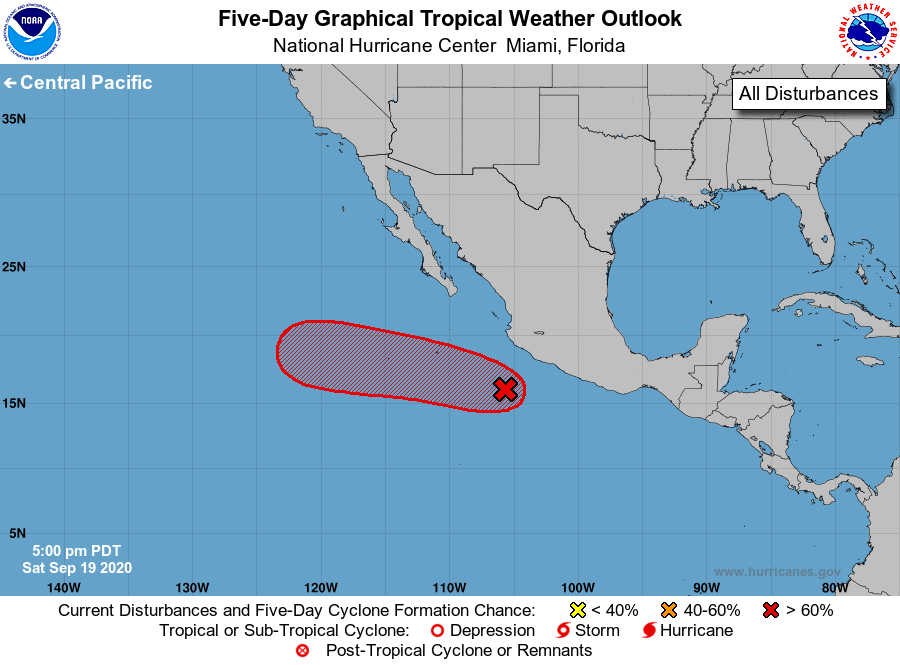
For the eastern North Pacific...east of 140 degrees west longitude:

1. Showers and thunderstorms associated with a broad area of low pressure located a couple of hundred miles south-southwest of Manzanillo, Mexico, are showing signs of organization. Environmental conditions are forecast to be conducive for additional development, and a tropical depression is expected to form early next week while the system moves west-northwestward at about 10 mph, away from the coast of Mexico.
* Formation chance through 48 hours...medium...60 percent.
* Formation chance through 5 days...high...80 percent.

Forecaster Berg